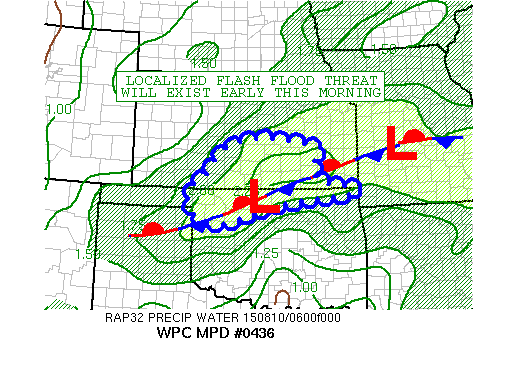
AREAS AFFECTED...SOUTHERN KS...FAR NORTHERN OK

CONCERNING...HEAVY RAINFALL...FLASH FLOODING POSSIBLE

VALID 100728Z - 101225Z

SUMMARY...SLOW-MOVING CONVECTION WITH INTENSE RAINFALL RATES
SHOULD PROMOTE SOME LOCALIZED FLASH FLOODING THIS MORNING.

DISCUSSION...CONVECTION IS EXPANDING IN COVERAGE AND IS EXPECTED
TO BECOME A BIT MORE ORGANIZED OVER THE NEXT COUPLE OF HOURS OVER
SOUTHERN KS AND POSSIBLY INTO PARTS OF NORTHERN OK. A WEAK VORT
MOVING EAST KS IS INTERACTING WITH A FRONTAL ZONE AND AXIS OF
CONFLUENT LOW LEVEL FLOW AND WILL BE FACILITATING THE EXPANSION OF
CONVECTION.

THE ATMOSPHERE IS VERY MOIST AND MODERATELY UNSTABLE WITH PWATS
EXCEEDING 2 INCHES AND MUCAPE VALUES GENERALLY 2000 J/KG TO 2500
J/KG. THE LATEST CIRA LAYERED PW ANALYSIS ALSO CONFIRMS AN AXIS OF
CONCENTRATED MOISTURE IN ESPECIALLY THE 700MB TO 500MB LAYER. THIS
WILL AGAIN HELP SUPPORT HIGHER RAINFALL EFFICIENCY WITH INTENSE
RATES WITHIN THE CONVECTIVE CORES AS A RESULT.

THE 06Z HRRR SUGGESTS SLOW CELL MOVEMENT ALONG WITH SOME W/E
ORIENTED CELL TRAINING AND CELL MERGERS THROUGH 12Z. RAINFALL
RATES WILL LIKELY BE EXCEEDING 2 INCHES/HR...AND GIVEN THE
POTENTIAL FOR TRAINING AND CELL MERGERS...LOCALLY VERY HEAVY
RAINFALL AMOUNTS WILL BE POSSIBLE AND THIS SHOULD DRIVE AT LEAST A
LOCALIZED THREAT FOR FLASH FLOODING OVER THE NEXT FEW HOURS.